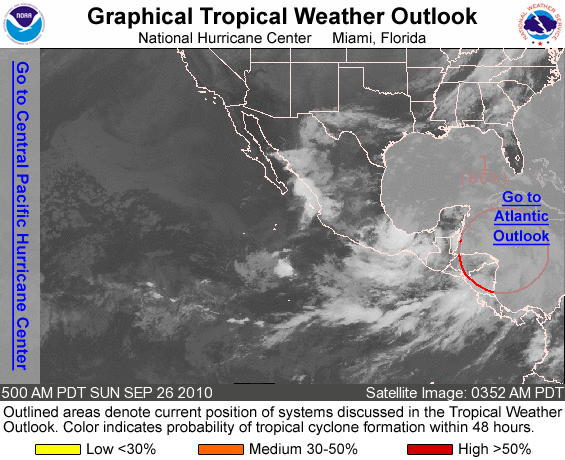
FOR THE EASTERN NORTH PACIFIC...EAST OF 140 DEGREES WEST LONGITUDE..

1. SHOWERS AND THUNDERSTORMS HAVE CHANGED LITTLE IN ORGANIZATION IN ASSOCIATION WITH AN AREA OF LOW PRESSURE LOCATED ABOUT 375 MILES SOUTHWEST OF MANZANILLO MEXICO. ALTHOUGH UPPER-LEVEL WINDS ARE ONLY MARGINALLY FAVORABLE FOR DEVELOPMENT...ANY SIGNIFICANT INCREASE IN ORGANIZATION WOULD RESULT IN THE FORMATION OF A TROPICAL DEPRESSION. THERE IS A HIGH CHANCE...60 PERCENT...OF THIS LOW BECOMING A TROPICAL CYCLONE DURING THE NEXT 48 HOURS AS IT REMAINS NEARLY STATIONARY.

ELSEWHERE...TROPICAL CYCLONE FORMATION IS NOT EXPECTED DURING THE NEXT 48 HOURS.

FORECASTER CANGIALOSI